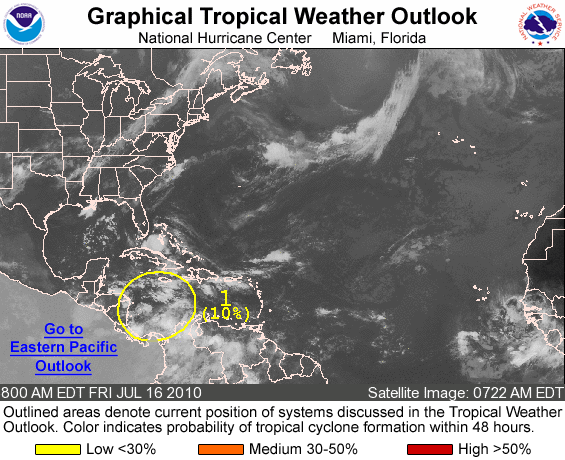
FOR THE NORTH ATLANTIC...CARIBBEAN SEA AND THE GULF OF MEXICO...

1. A BROAD AREA OF LOW PRESSURE LOCATED OVER THE SOUTHWESTERN CARIBBEAN SEA IS PRODUCING A LARGE AREA OF DISORGANIZED SHOWERS AND THUNDERSTORMS. ANY DEVELOPMENT OF THIS SYSTEM WILL BE SLOW TO OCCUR AS IT MOVES SLOWLY WESTWARD...HOWEVER HEAVY RAINS WILL LIKELY SPREAD OVER PORTIONS OF CENTRAL AMERICA DURING THE NEXT COUPLE OF DAYS. THERE IS A LOW CHANCE...10 PERCENT...OF THIS SYSTEM BECOMING A TROPICAL CYCLONE DURING THE NEXT 48 HOURS.

ELSEWHERE...TROPICAL CYCLONE FORMATION IS NOT EXPECTED DURING THE NEXT 48 HOURS.

FORECASTER ROBERTS/BRENNAN